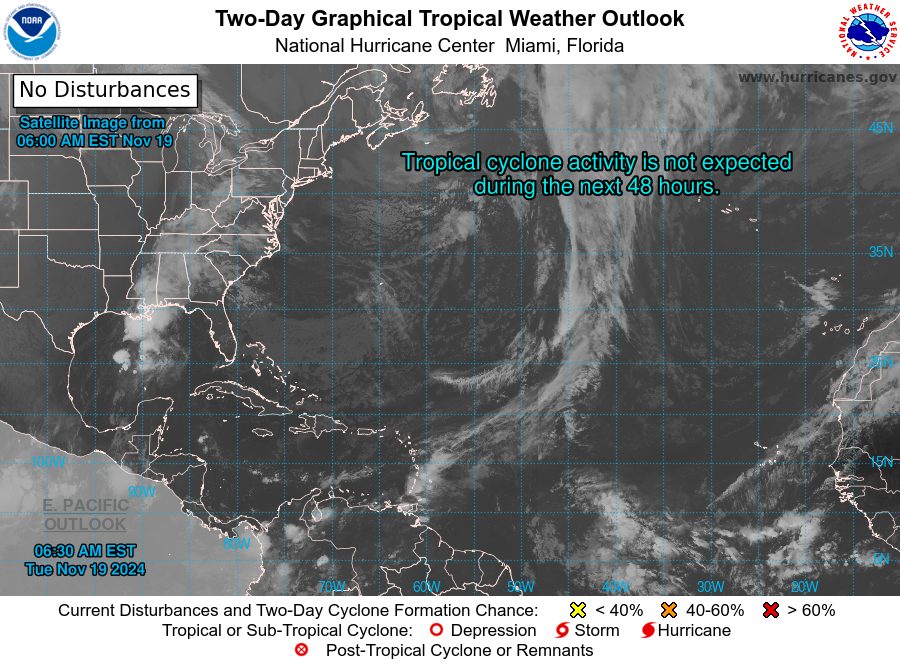
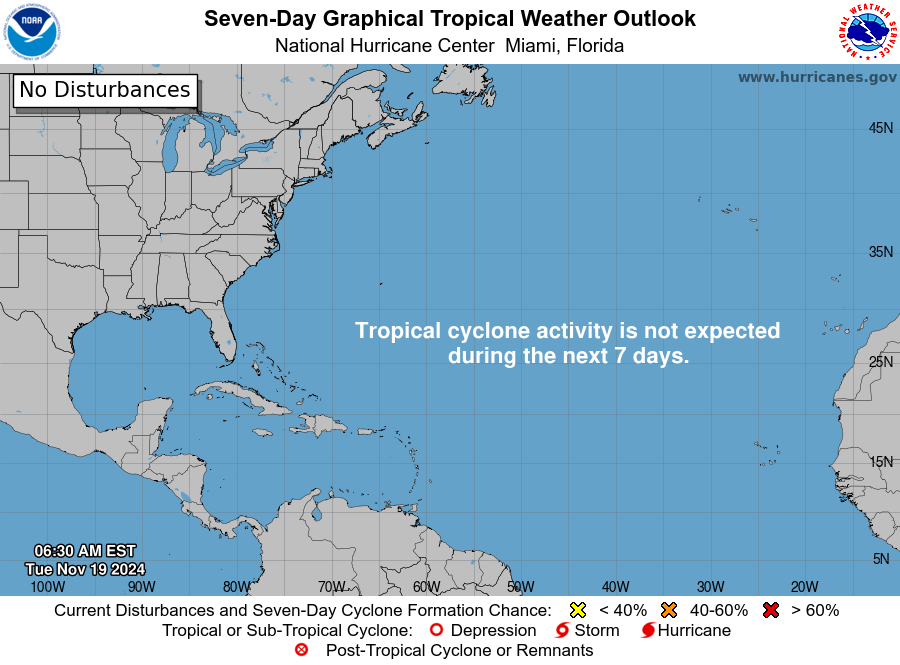
For the North Atlantic...Caribbean Sea and the Gulf of Mexico:

Tropical cyclone formation is not expected during the next 7 days.

Forecaster Hagen